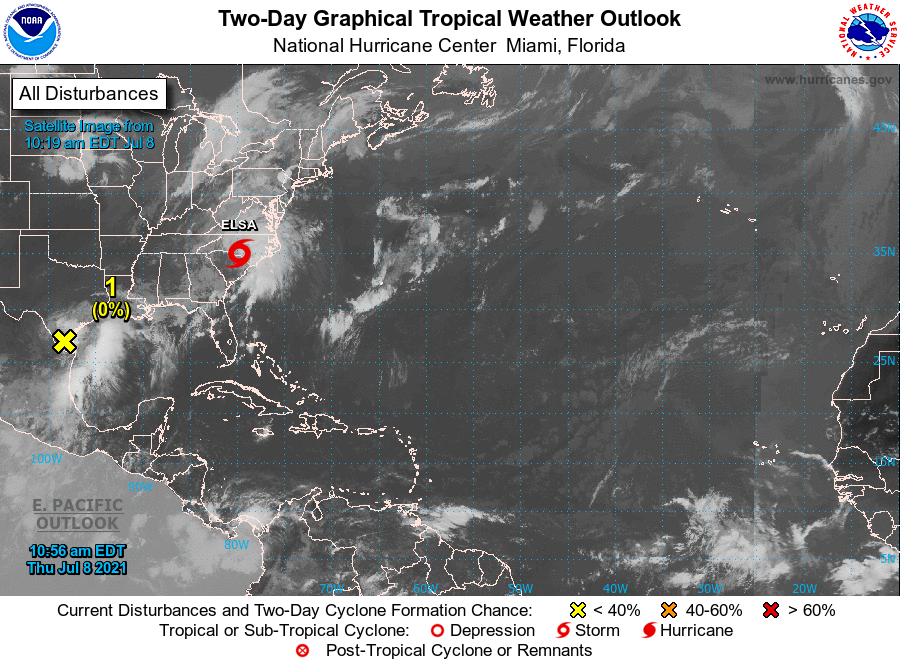
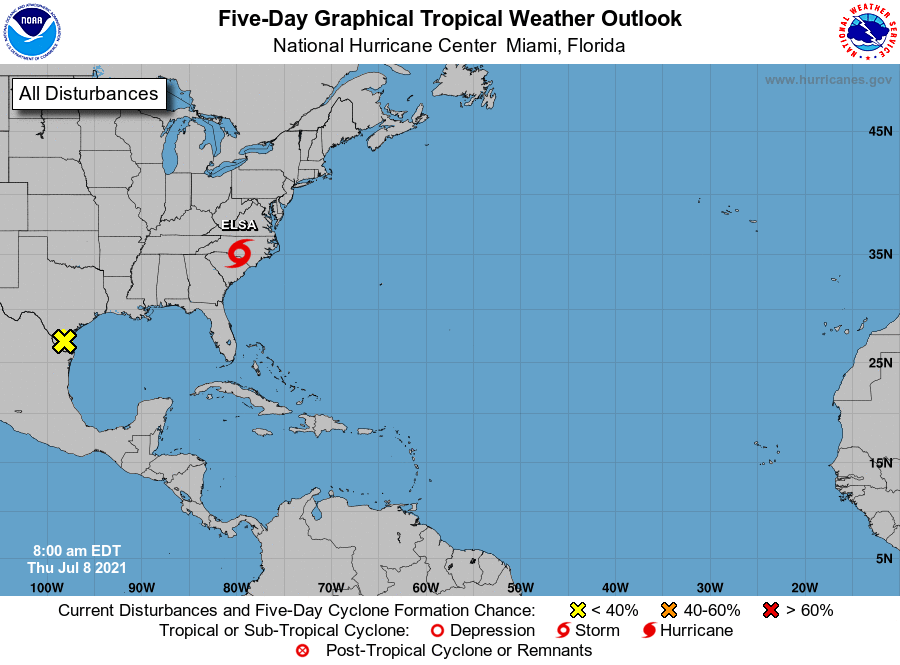
For the North Atlantic...Caribbean Sea and the Gulf of Mexico:

The National Hurricane Center is issuing advisories on Tropical Storm Elsa, located inland over South Carolina.

1. A broad trough of low pressure located over southern Texas has been producing a large area of disorganized showers and thunderstorms over the northwestern Gulf of Mexico. Although development of this system is not anticipated since it is expected to remain over land, heavy rainfall and flash flooding will be possible along the Texas Gulf coast over the next few days. See products issued by your local National Weather Service Forecast Office for additional information.
* Formation chance through 48 hours...low...near 0 percent.
* Formation chance through 5 days...low...near 0 percent.

Forecaster Papin/Pasch